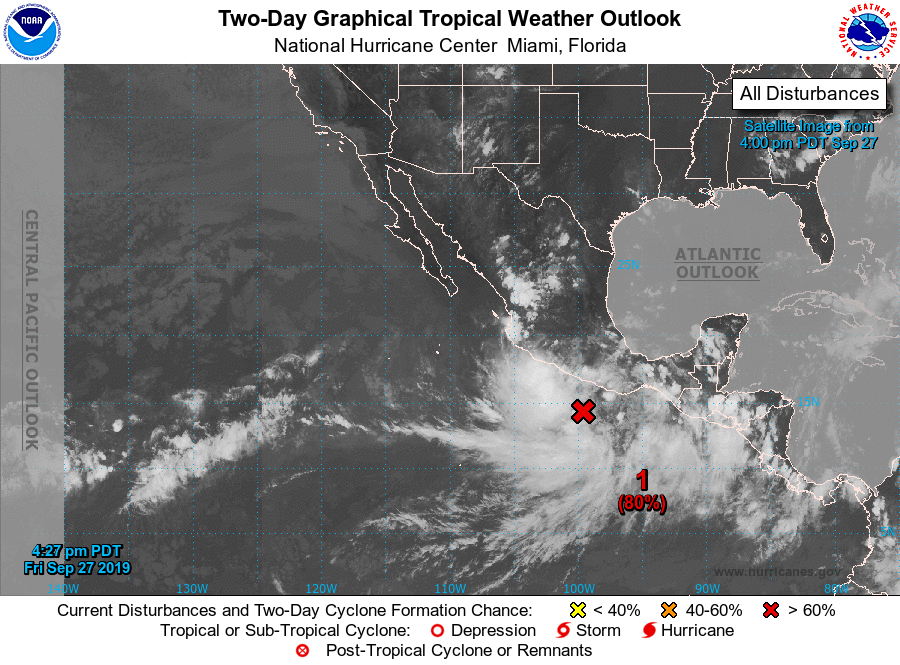
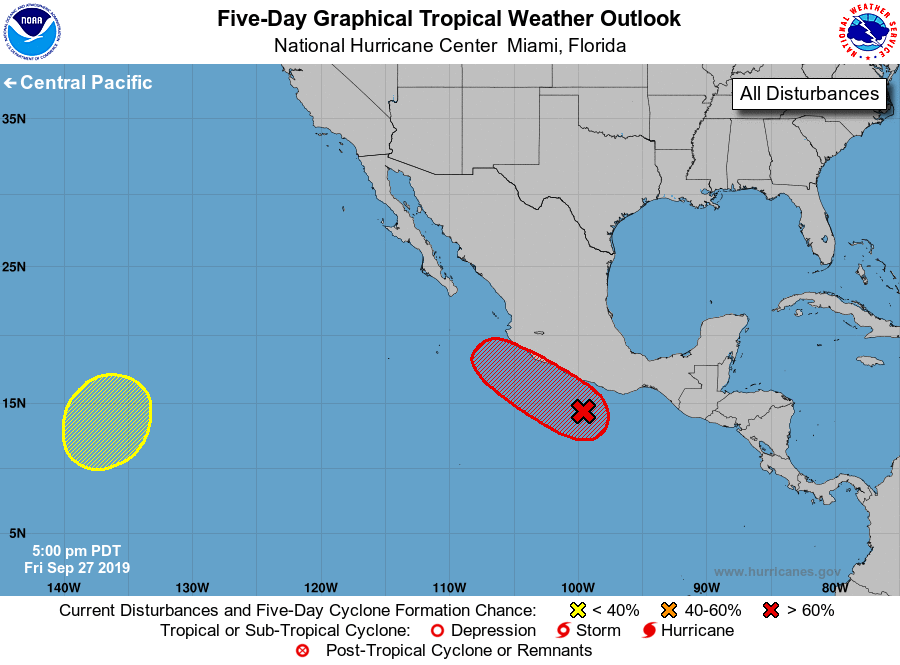
For the eastern North Pacific...east of 140 degrees west longitude:

1. A rather large area of disturbed weather extends from Central America westward along the southwest coast of Mexico. A broad area of low pressure is trying to form south-southeast of Acapulco in association with this disturbance, but there is no evidence of a well defined center at this time. Environmental conditions are very favorable for a tropical depression or a tropical storm to form within this area of disturbed weather during the next day or so, while it moves west-northwestward to northwestward at about 10 mph near the southwestern coast of Mexico. Interests along this portion of the coast should monitor the progress of the disturbance, since tropical storm watches or warnings could be required at any time on Saturday. Regardless of development, heavy rainfall, with the possibility of flash flooding and mudslides, is expected near the southwestern coast of Mexico during the next few days.
* Formation chance through 48 hours...high...80 percent.
* Formation chance through 5 days...high...90 percent.

2. An area of low pressure is expected to form over the far southwestern portion of the eastern North Pacific by early next week. Some gradual development is possible thereafter while the system drifts slowly eastward or northeastward.
* Formation chance through 48 hours...low...near 0 percent.
* Formation chance through 5 days...low...30 percent.

Forecaster Avila